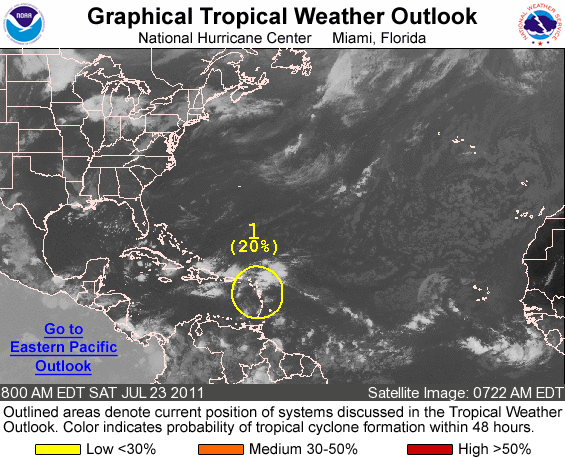
FOR THE NORTH ATLANTIC...CARIBBEAN SEA AND THE GULF OF MEXICO...

1. DISORGANIZED SHOWERS AND THUNDERSTORMS CONTINUE IN ASSOCIATION WITH A TROPICAL WAVE LOCATED NEAR THE LEEWARD ISLANDS. THERE ARE NO SIGNS OF A SURFACE CIRCULATION AND UPPER-LEVEL WINDS ARE EXPECTED TO BECOME LESS CONDUCIVE FOR DEVELOPMENT ON SUNDAY. THIS SYSTEM HAS A LOW CHANCE...20 PERCENT...OF BECOMING A TROPICAL CYCLONE DURING THE NEXT 48 HOURS. REGARDLESS OF DEVELOPMENT...BRIEF PERIODS OF LOCALLY HEAVY RAINFALL AND GUSTY WINDS WILL OCCUR OVER PORTIONS OF THE LEEWARD ISLANDS TODAY...AND OVER PUERTO RICO AND HISPANIOLA TONIGHT INTO SUNDAY.

ELSEWHERE...TROPICAL CYCLONE FORMATION IS NOT EXPECTED DURING THE NEXT 48 HOURS.

FORECASTER BLAKE